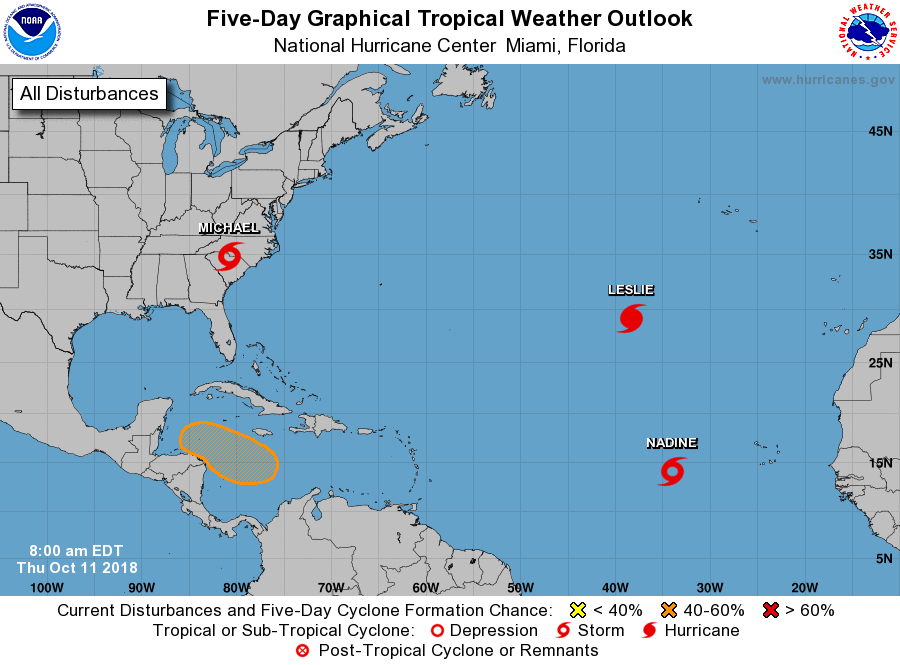
For the North Atlantic...Caribbean Sea and the Gulf of Mexico:

The National Hurricane Center is issuing advisories on Tropical Storm Michael, located over South Carolina, on Hurricane Leslie, located over the east-central Atlantic Ocean, and on Tropical Storm Nadine, located over the eastern tropical Atlantic Ocean.

1. A broad area of low pressure is expected to develop over the west-central Caribbean Sea in a day or two. This system is forecast to slowly move westward toward Central America through early next week. Environmental conditions are expected to support some slow development, however, interaction with land could limit the chance of formation once the system approaches Central America on Monday or Tuesday.
* Formation chance through 48 hours...low...near 0 percent.
* Formation chance through 5 days...medium...50 percent.

Forecaster Zelinsky